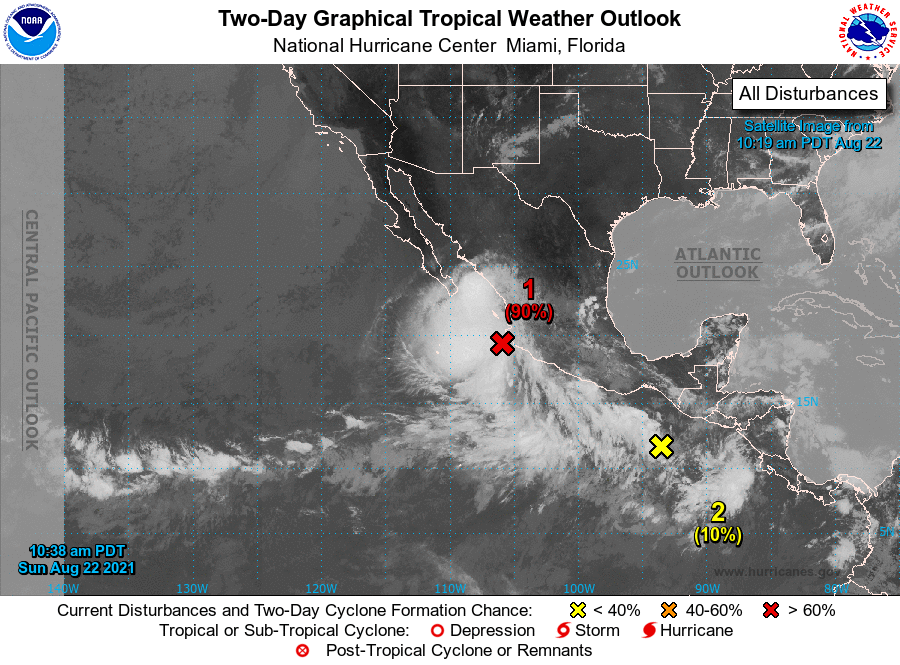
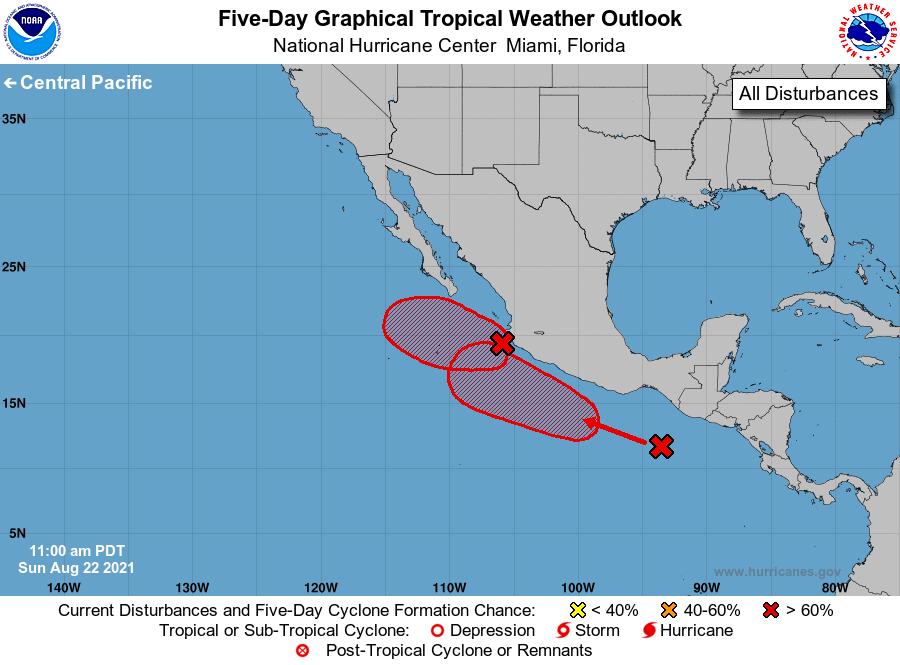
For the eastern North Pacific...east of 140 degrees west longitude:

1. Showers and thunderstorms associated with an area of low pressure located about 100 miles west of the coast of west-central Mexico are becoming better organized. Environmental conditions are expected to be conducive for further development, and a tropical depression is likely to form later today or on Monday while the system moves westward at 10 to 15 mph, away from the coast of Mexico.
* Formation chance through 48 hours...high...90 percent.
* Formation chance through 5 days...high...90 percent.

2. An area of low pressure is forecast to form offshore of the coast of southern Mexico early next week. Environmental conditions are expected to be conducive for some gradual development thereafter, and a tropical depression could form by mid-week. The system is forecast to move generally west-northwestward at 10 to 15 mph, near or just offshore of the southwestern coast of Mexico.
* Formation chance through 48 hours...low...10 percent.
* Formation chance through 5 days...high...70 percent.

Forecaster Roberts